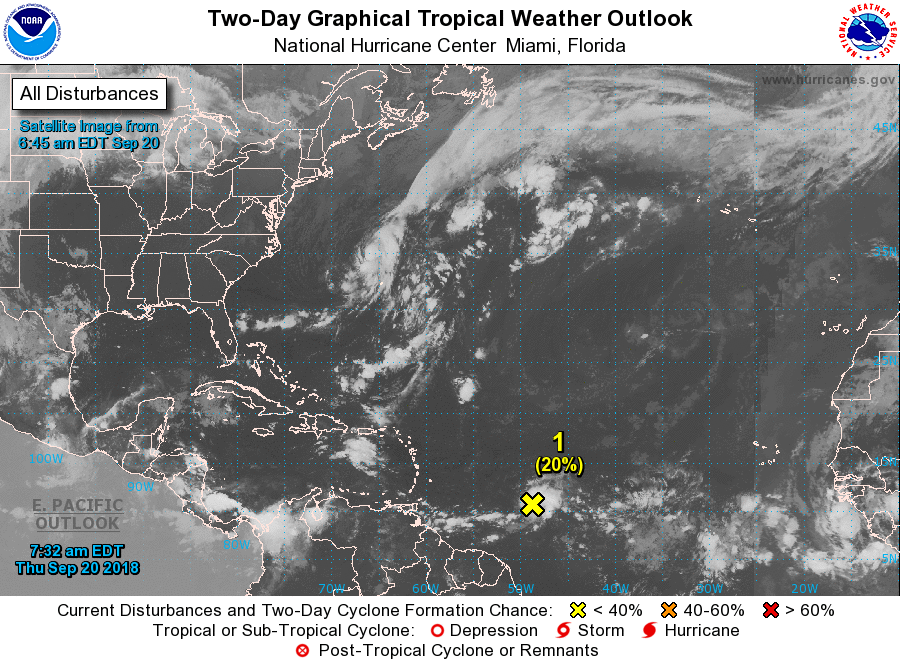
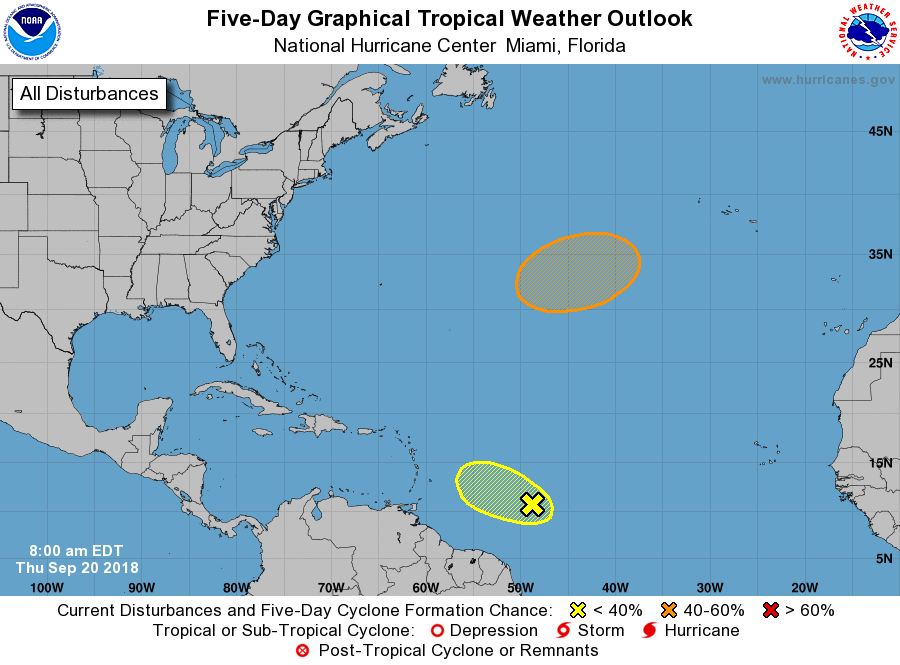
For the North Atlantic...Caribbean Sea and the Gulf of Mexico:

1. A concentrated area of thunderstorms associated with a westward- moving tropical wave is located about 850 miles east of the Windward Islands. Although this disturbance shows some signs of organization on satellite imagery, there is no evidence of a surface circulation at this time. Some additional development is possible today before upper-level winds become highly unfavorable for tropical cyclone formation starting tonight and continuing through the weekend.
* Formation chance through 48 hours...low...20 percent.
* Formation chance through 5 days...low...20 percent.

2. A non-tropical low pressure system is forecast to develop by Friday night over the central subtropical Atlantic Ocean between Bermuda and the Azores. Conditions are expected to be conducive for the low to acquire some subtropical or tropical characteristics, and a subtropical or tropical cyclone could form over the weekend or early next week while the low meanders over the central Atlantic Ocean.
* Formation chance through 48 hours...low...near 0 percent.
* Formation chance through 5 days...medium...40 percent.

Forecaster Avila